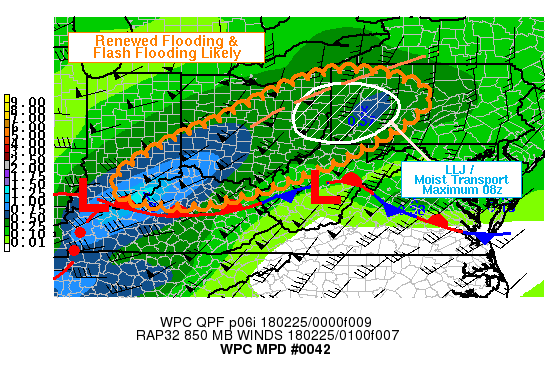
AREAS AFFECTED...OH...WRN PA...WV...SRN IN...NRN KY

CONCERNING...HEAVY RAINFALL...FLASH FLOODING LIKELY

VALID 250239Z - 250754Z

SUMMARY...FLASH FLOODING WAS ONGOING IN PARTS OF OH/IN/KY AT 02Z.
RAIN RATES LOCALLY EXCEEDING A HALF INCH PER HOUR WILL EXPAND INTO
PARTS OF WV/PA...WITH LOCAL TOTALS TOPPING 1 INCH THROUGH 08Z.
GIVEN ALREADY FULL STREAMS AND LOW TOLERANCE FOR ADDITIONAL
RAINFALL...FLASH FLOODING IS LIKELY.

DISCUSSION...THE OUTLINED AREA FROM NEAR LOUISVILLE KY TO WESTERN
PA...IS LOCATED ALONG AND NORTH OF A LIFTING WARM FRONT THAT AT
00Z WAS ANALYZED ACROSS CENTRAL WV INTO CENTRAL KY. THE STRONGEST
SYNOPTIC DEEP LAYER FORCING WAS NOTED PER GOES-16 LOOPS INDICATING
AN INFLECTION POINT / LEAF AND ASSOCIATED BROAD CONVECTIVE WEDGE
BACK OVER THE OHIO/MISSISSIPPI CONFLUENCE REGION. DEEP CONVECTION
HAD RUN OUT AHEAD OF THIS FORCING...BUT WITH THE MAXIMUM OF HEIGHT
FALLS STILL YET TO COME...EXPECT RAINFALL TO BE SUSTAINED THROUGH
THE NIGHT ALONG AND NORTH OF THE LIFTING WARM FRONT. THE NOSE OF
THE LOW LEVEL JET IS FORECAST TO PUSH THROUGH OH/WV INTO WESTERN
PA BY 08Z.

AT THIS LATITUDE FLOW WAS SO STRONG...0-6 KM MEAN WIND 50-60
KT...THAT CELLS WILL LIKELY FOLLOW THE MEAN WIND AND FORWARD
CORFIDI VECTORS...TOWARD THE NORTHEAST ALONG THE AXIS OF THE
DISCUSSION AREA. ALTHOUGH INSTABILITY WAS LIMITED...A DEEP WARM
CLOUD LAYER EXISTS...WITH THE KILN SOUNDING INDICATING THE
FREEZING LEVEL AROUND 10 KFT AGL...AND -20 C LEVEL MUCH
HIGHER...IN FACT LITTLE HAIL WAS REPORTED WITH THE ENTIRE SEVERE
WEATHER EVENT THUS FAR. RAINFALL EFFICIENCY IS HIGH.

THE HRRR AND THE 00Z WRF-ARW WERE HANDLING THINGS WELL...AND THEY
SUSTAIN RAIN RATES AT LEAST A HALF INCH PER HOUR LOCALLY...THROUGH
0830Z. TRAINING SMALL SCALE CONVECTIVE CELLS COULD BOOST TOTALS TO
NEAR 2 INCHES LOCALLY. FLASH FLOOD GUIDANCE IS LOW ENOUGH TO BE
EXCEEDED...AND GIVEN THE ANTECEDENT CONDITIONS...ADDITIONAL
FLOODING AND LOCAL FLASH FLOODING APPEARS LIKELY REGARDLESS.